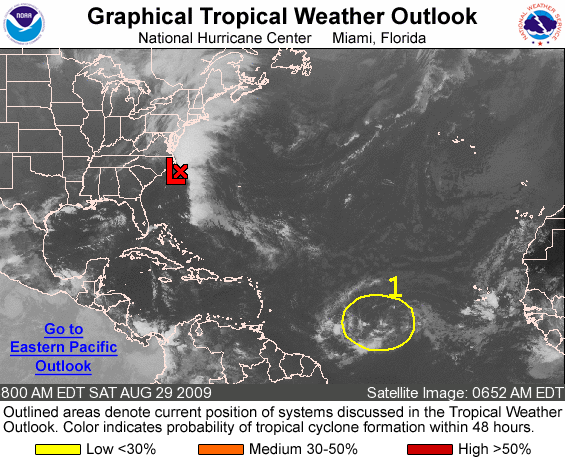
FOR THE NORTH ATLANTIC...CARIBBEAN SEA AND THE GULF OF MEXICO...

THE NATIONAL HURRICANE CENTER HAS ISSUED THE LAST ADVISORY ON TROPICAL DEPRESSION DANNY...WHICH IS BEING ABSORBED BY AN EXTRATROPICAL LOW OFF THE COAST OF NORTH CAROLINA. FOR MORE INFORMATION ON THIS EXTRATROPICAL LOW...SEE HIGH SEAS FORECASTS ISSUED BY THE NATIONAL WEATHER SERVICE UNDER AWIPS HEADER NFDHSFAT1 AND WMO HEADER FZNT01 KWBC.

1. SHOWER AND THUNDERSTORM ACTIVITY HAS DIMINISHED IN ASSOCIATION WITH A BROAD AREA OF LOW PRESSURE LOCATED ABOUT 1500 MILES EAST OF THE LESSER ANTILLES. ANY DEVELOPMENT OF THIS SYSTEM WILL BE SLOW TO OCCUR AS IT MOVES WESTWARD OR WEST-NORTHWESTWARD AT AROUND 15 MPH. THERE IS A LOW CHANCE...LESS THAN 30 PERCENT...OF THIS SYSTEM BECOMING A TROPICAL CYCLONE DURING THE NEXT 48 HOURS.

ELSEWHERE...TROPICAL CYCLONE FORMATION IS NOT EXPECTED DURING THE NEXT 48 HOURS.

FORECASTER BRENNAN